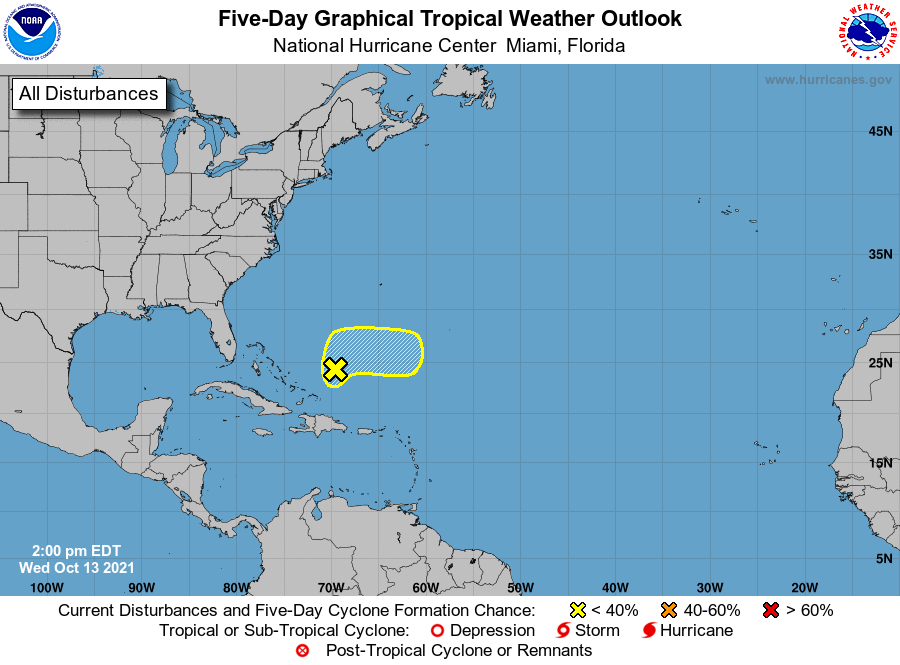
For the North Atlantic...Caribbean Sea and the Gulf of Mexico:

1. Satellite-derived wind data and surface observations indicate that a broad low pressure system has formed about 200 miles northeast of the Turks and Caicos. This system is producing a large area of disorganized showers and thunderstorms mainly over the open Atlantic to the north and east of the low. Further development, if any, of this disturbance should be slow to occur during the next couple of days due to unfavorable upper-level winds. The system is forecast to move slowly northeastward through tonight, then accelerate eastward on Thursday. Toward the end of the week, further development is not anticipated since the disturbance will be interacting with a frontal system. The threat of locally heavy rainfall across portions of Hispaniola and the Turks and Caicos will diminish by tonight.
* Formation chance through 48 hours...low...10 percent.
* Formation chance through 5 days...low...10 percent.

Forecaster Stewart